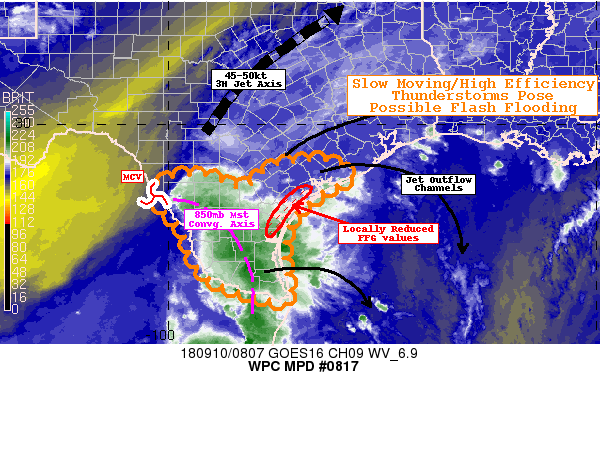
Areas affected...Deep South TX and Central TX coastline...

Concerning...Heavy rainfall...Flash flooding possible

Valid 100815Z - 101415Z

SUMMARY...Slow moving/highly efficient storms capable of isolated
flash flooding through early morning possible.

DISCUSSION...GOES-16 3.9um loop detects a low level MCV shearing
SSW out of the convective complex from S Maverick into Old Mexico,
with the 850mb convergence axis angling SW dotted with
overshooting tops in the cycling warm/cooling IR top across Deep
South Texas.  WV suite also shows a nicely anticyclonic shaped
outflow feathering within the speed divergent/slightly diffluent
3H 50kt jet emanating from the complex into the Hill
Country...continuing to provide excellent outflow and UVV support
for any convection that has/will develop.  Deep moisture remains
with nearly saturated profiles per soundings/RAP forecast
soundings through the outlined area with 14-15Kft depth for warm
cloud and highly efficient rainfall production.  Given mean mixing
ratios of 16 to near 18 kg/kg (near the coast) and total PWATs
through this layer over 1.5" (2.2-2.4 total), rates of 2-2.5"/hr
are possible currently.  At this point, best cells are propagating
NNE due to cold pool generation over the Rio Grande Valley, which
could limit totals a bit (2-3").

Currently, the best convergence is shifting toward the coast where
surface flow is strengthening slightly before sun-up and
frictional convergence is enhancing the updrafts.  IR tops over
Padre island off Kenedy county toward Nueces county continue to
expand/cool.  It is in coastal Nueces that FFG values are the
lowest but reduced values extend as far north along the coast as
Port Lavaca.  Hi-Res CAMs are suggestive of further convective
expansion toward the north with some enhancement on Western Gulf
banded features potentially adding some training to increased
local totals.   There is some uncertainty as the cold pool over
central Deep South Texas...may push the best convergence off shore
(as presented by the NAM Conest and ARW/ARW2).  Still the
threat/probabilities and trends suggest this may be over done,
given the saturated profiles/general weakness of the cold
pool/outflow.   As such totals of 2-4" are possible with some of
these cells and promote possible isolated flash flooding
conditions over the next 5-6hrs.